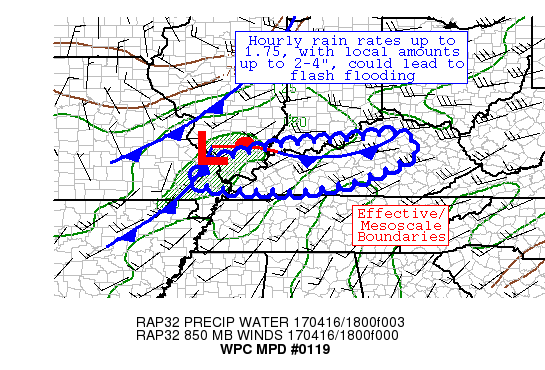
AREAS AFFECTED...SOUTHERN IL, WESTERN & SOUTHERN KY

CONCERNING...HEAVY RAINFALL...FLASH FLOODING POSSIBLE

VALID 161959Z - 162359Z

SUMMARY...THUNDERSTORMS ARE INCREASING IN COVERAGE NEAR AND SOUTH
OF THE OHIO RIVER.  WITH HOURLY RAIN RATES UP TO 1.75", AND LOCAL
AMOUNTS OF 2-4", FLASH FLOODING IS CONSIDERED POSSIBLE.

DISCUSSION...SATELLITE AND RADAR IMAGERY SHOW INCREASING
CONVECTIVE COVERAGE FROM THE CONFLUENCE OF THE OH/MS RIVERS
EASTWARD INTO THE LOWER OH VALLEY AHEAD OF AN INCOMING MCV.
PRECIPITABLE WATER VALUES ARE ~1.5" IN THE REGION.  INFLOW AT 850
HPA IS ~25 KTS OUT OF THE WEST-SOUTHWEST, JUST EXCEEDING THE MEAN
850-400 HPA WIND. THE FLOW IS NEARLY UNIDIRECTIONAL, AND MLCAPES
OF 1000-1500 J/KG LIE ACROSS WESTERN KY.  BULK SHEAR IN THE 0-6 KM
LAYER IS AROUND 25 KTS, ENOUGH TO CAUSE SOME CONVECTIVE
ORGANIZATION.  AN OUTFLOW BOUNDARY ACROSS NORTH-CENTRAL KY IS
SLOWLY SINKING SOUTHWARD.

THE GUIDANCE SUGGESTS THAT AS THE INSTABILITY GROWS ANOTHER ~500
J/KG BETWEEN NOW AND SUNSET THAT CONVECTIVE COVERAGE SHOULD GROW
FURTHER.  PRECIPITABLE WATER VALUES SHOULD SLIGHTLY INCREASE AS
WELL.  FOR PLACEMENT, THE 12Z SPCWRF AND A SLIGHTLY EXPANDED 12Z
GFS APPEAR BEST OVER THE NEXT SEVERAL HOURS.  MUCH OF THE GUIDANCE
APPEARS TO BE SLIGHTLY UNDERSELLING THE POTENTIAL HERE,
AMOUNT-WISE.  CELL TRAINING AHEAD OF THE MESOSCALE WAVE APPEARS TO
BE THE MAIN HEAVY RAIN THREAT.  PROPAGATION IS EXPECTED TO THE
EAST-SOUTHEAST AT 15-20 KTS AS THE NORTHERN EDGE OF THE
INSTABILITY POOL IS SLOWLY CARVED AWAY BY ONGOING CONVECTION.
HOURLY RAIN RATES UP TO 1.75", WITH LOCAL AMOUNTS OF 2-4", COULD
EXCEED THE ~3" IN THREE HOUR FLASH FLOOD GUIDANCE VALUES.